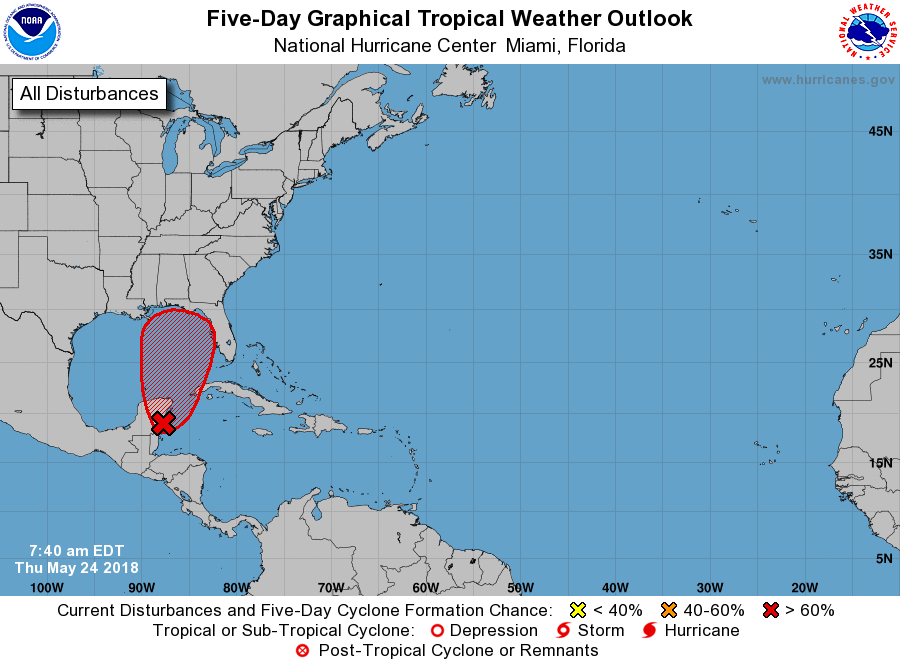
For the North Atlantic...Caribbean Sea and the Gulf of Mexico:

1. A broad, stationary surface low pressure system centered over the southeastern Yucatan Peninsula is gradually becoming better defined. Although showers and thunderstorms, along with strong gusty winds, are confined primarily to the adjacent waters of the northwestern Caribbean Sea, gradual development of this system is expected during the next couple of days as it drifts northward near the Yucatan Peninsula. Environmental conditions are forecast to become more conducive for development through early next week, and a subtropical or tropical depression is likely to form by late Saturday over the southeastern Gulf of Mexico. Regardless of development, locally heavy rainfall is forecast across western Cuba and over much of Florida and the northern Gulf Coast into early next week. In addition, the threat of rip currents will steadily increase along the Gulf coast from Florida westward to Louisiana over Memorial Day weekend. For more information on these threats, please see products issued by your local weather office. The next Special Tropical Weather Outlook on this system will be issued by 200 PM EDT this afternoon.
* Formation chance through 48 hours...medium...40 percent.
* Formation chance through 5 days...high...80 percent.

Forecaster Stewart